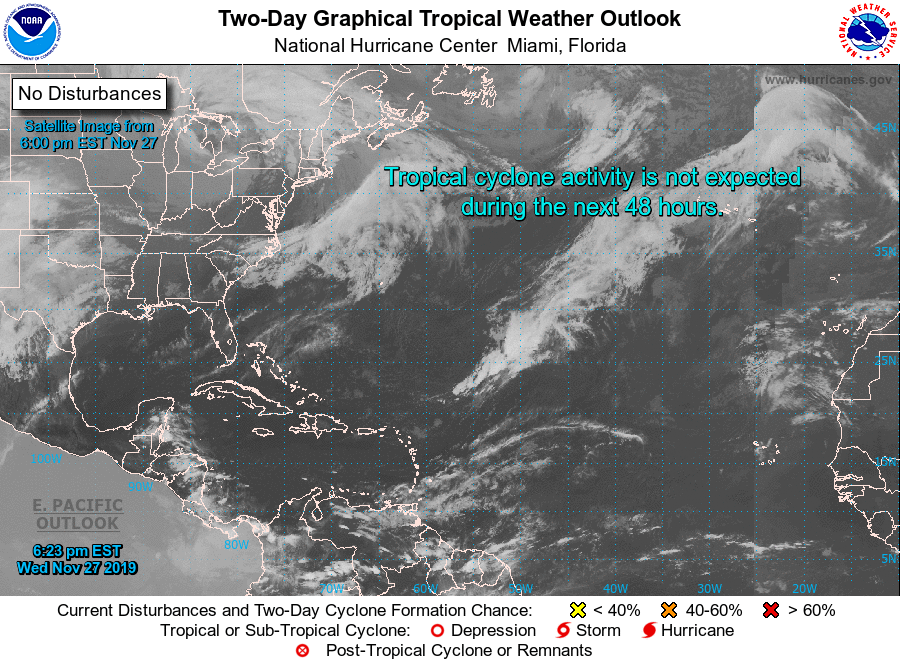
For the North Atlantic...Caribbean Sea and the Gulf of Mexico:

Tropical cyclone formation is not expected during the next 5 days.

Forecaster Brown